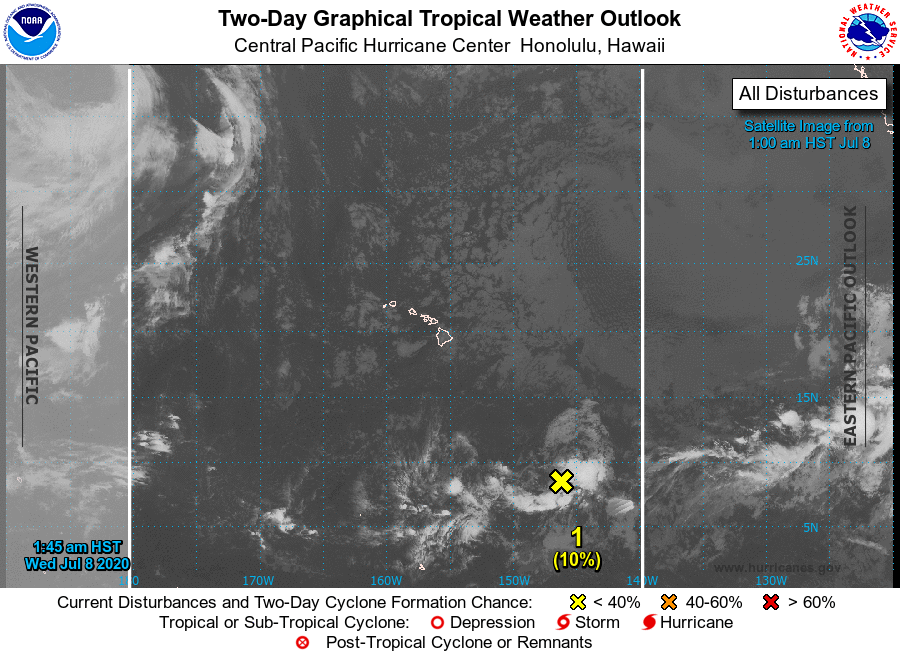
For the central North Pacific...between 140W and 180W:

1. Showers and thunderstorms associated with a broad elongated area of low pressure around 950 miles southeast of Hilo, Hawaii, remain poorly organized early this morning. Environmental conditions will become slightly more conducive for some gradual development during the next few days, before becoming hostile this weekend. Development of this system, if any, will be slow to occur as it moves westward at around 10 mph.
* Formation chance through 48 hours...low...10 percent.
* Formation chance through 5 days...low...10 percent.

Elsewhere, no tropical cyclones are expected during the next 5 days.

Forecaster Jelsema